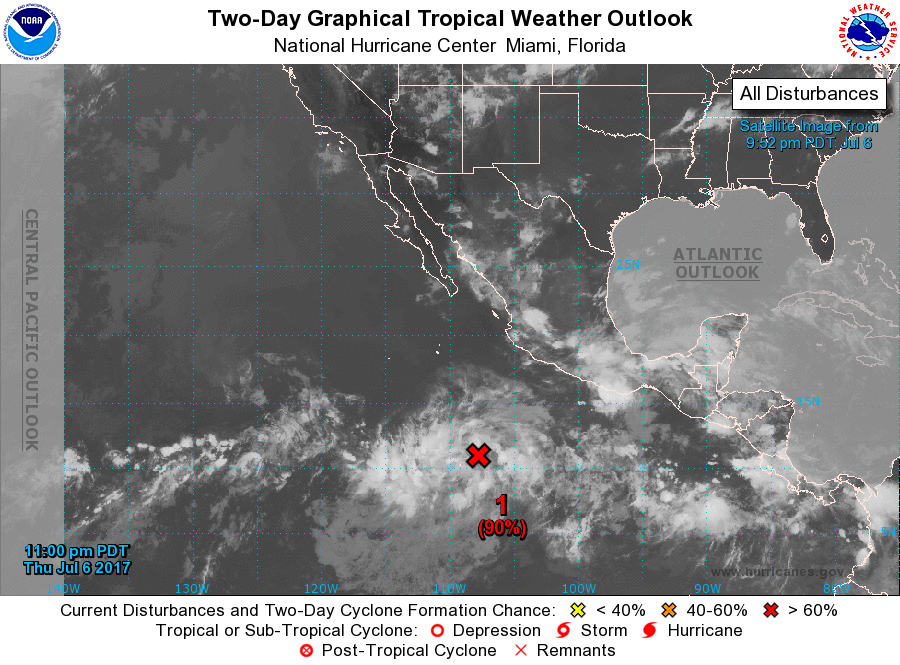
For the eastern North Pacific...east of 140 degrees west longitude:

1. A well-defined low pressure system, located about 800 miles south of the southern tip of the Baja California peninsula, is producing a large area of cloudiness and thunderstorms. Associated shower activity continues to become better organized, and environmental conditions are conducive for a tropical depression to form on Friday while the low moves west-northwestward or northwestward at about 10 mph.
* Formation chance through 48 hours...high...90 percent.
* Formation chance through 5 days...high...90 percent.

Forecaster Stewart